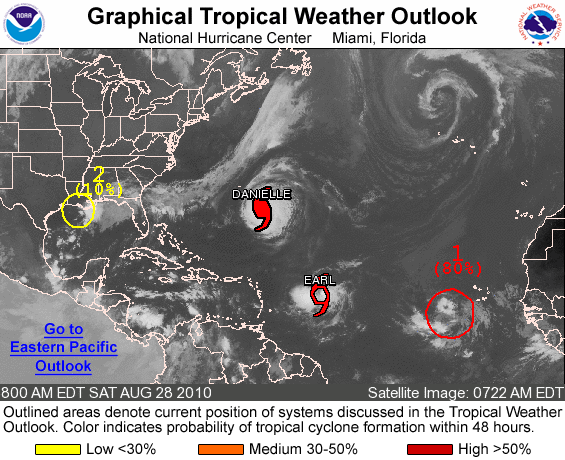
FOR THE NORTH ATLANTIC...CARIBBEAN SEA AND THE GULF OF MEXICO...

THE NATIONAL HURRICANE CENTER IS ISSUING ADVISORIES ON HURRICANE DANIELLE...LOCATED ABOUT 320 MILES SOUTHEAST OF BERMUDA...AND ON TROPICAL STORM EARL...LOCATED ABOUT 800 MILES EAST OF THE NORTHERN LEEWARD ISLANDS.

1. A BROAD LOW PRESSURE SYSTEM...ASSOCIATED WITH A VIGOROUS TROPICAL WAVE...IS LOCATED ABOUT 250 MILES SOUTHWEST OF THE SOUTHERNMOST CAPE VERDE ISLANDS. ALTHOUGH THIS SYSTEM HAS CHANGED LITTLE IN ORGANIZATION DURING THE LAST SEVERAL HOURS...ENVIRONMENTAL CONDITIONS REMAIN FAVORABLE FOR A TROPICAL DEPRESSION TO FORM DURING THE NEXT COUPLE OF DAYS. THERE IS A HIGH CHANCE...80 PERCENT...OF THIS SYSTEM BECOMING A TROPICAL CYCLONE DURING THE NEXT 48 HOURS AS IT MOVES WESTWARD AT 15 TO 20 MPH.

2. SHOWERS AND THUNDERSTORMS ASSOCIATED WITH A WEAK NON-TROPICAL LOW PRESSURE AREA OVER THE NORTHERN GULF OF MEXICO ARE DISORGANIZED. THE LOW IS EXPECTED TO DRIFT NORTHWARD OVER LOUISIANA LATER TODAY...AND ADDITIONAL DEVELOPMENT IS UNLIKELY. THERE IS A LOW CHANCE...10 PERCENT...OF THIS SYSTEM BECOMING A TROPICAL CYCLONE DURING THE NEXT 48 HOURS.

ELSEWHERE...TROPICAL CYCLONE FORMATION IS NOT EXPECTED DURING THE NEXT 48 HOURS.

FORECASTER KIMBERLAIN/AVILA